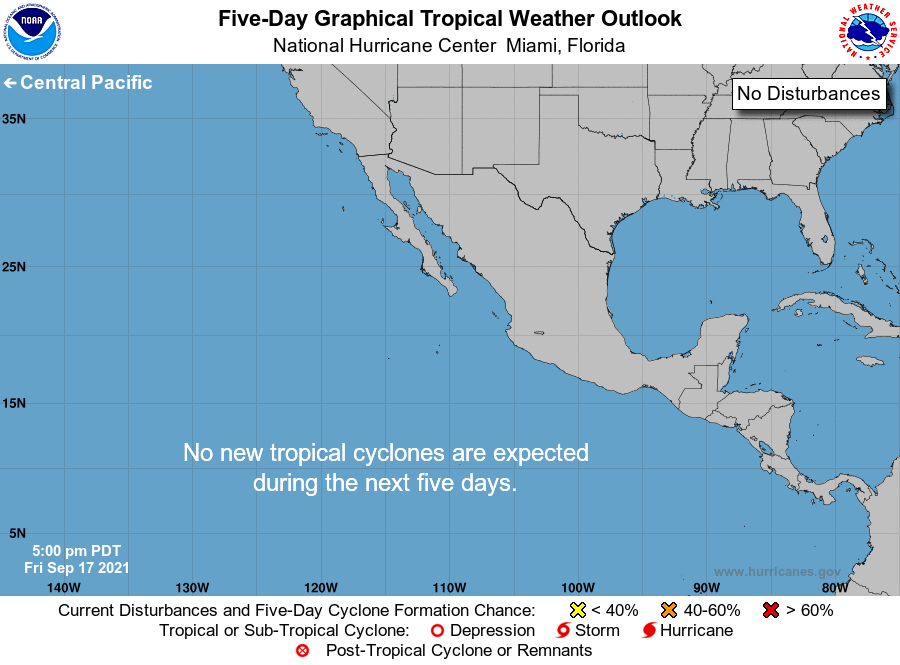
For the eastern North Pacific...east of 140 degrees west longitude:

Tropical cyclone formation is not expected during the next 5 days.

Forecaster Latto